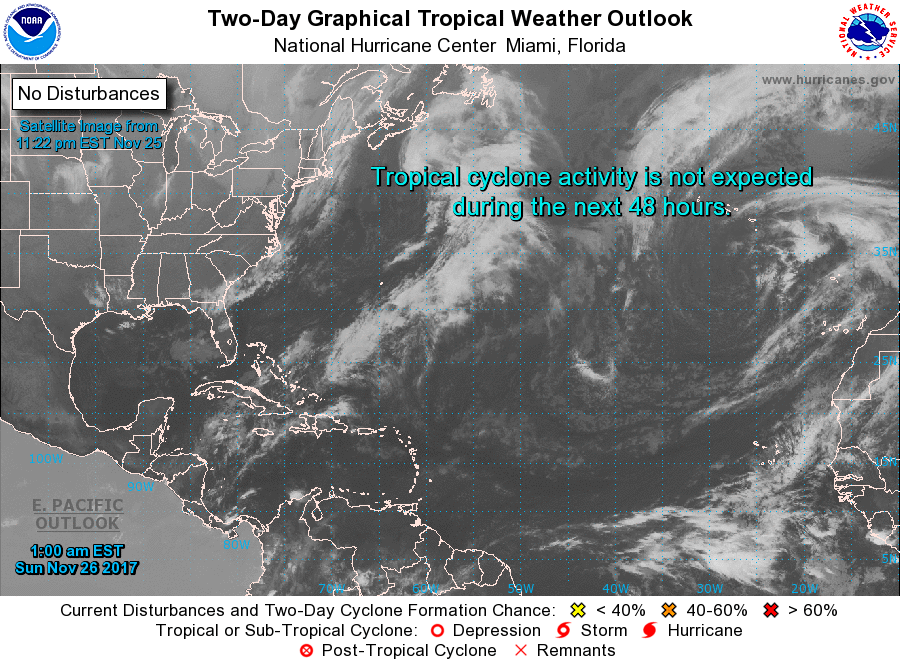
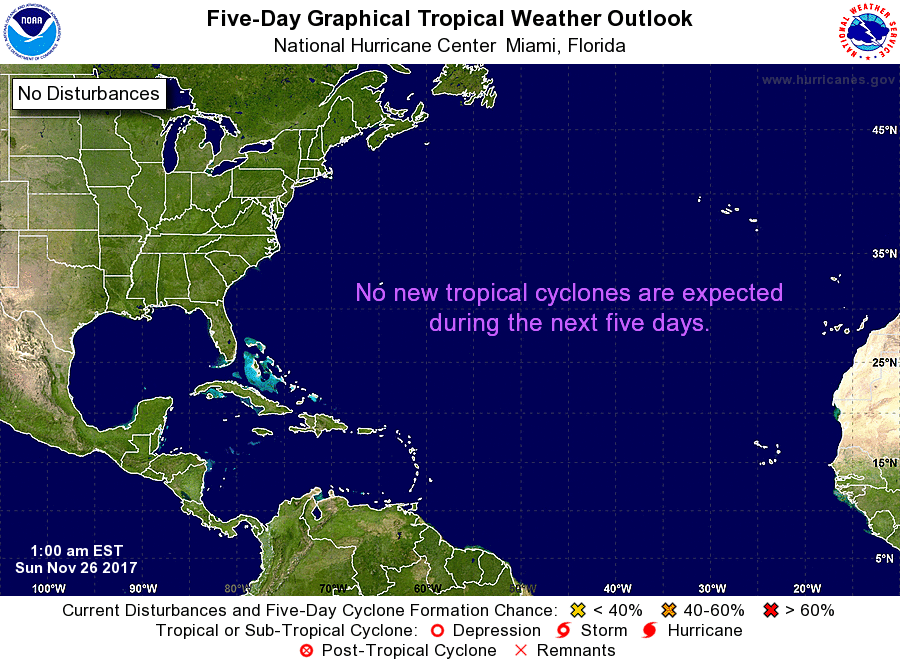
For the North Atlantic...Caribbean Sea and the Gulf of Mexico:

Tropical cyclone formation is not expected during the next 5 days.

Forecaster Cangialosi